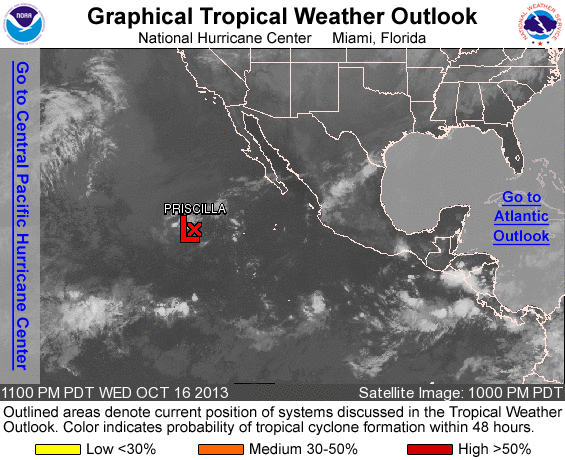
FOR THE EASTERN NORTH PACIFIC...EAST OF 140 DEGREES WEST LONGITUDE..

THE NATIONAL HURRICANE CENTER HAS ISSUED THE LAST ADVISORY ON TROPICAL DEPRESSION PRISCILLA...LOCATED WELL WEST-SOUTHWEST OF THE SOUTHERN TIP OF THE BAJA CALIFORNIA PENINSULA.

TROPICAL CYCLONE FORMATION IS NOT EXPECTED DURING THE NEXT 48 HOURS.

OTHER SYSTEMS WITH FORMATION POTENTIAL BEYOND 48 HOURS...

A TROPICAL WAVE LOCATED OVER THE FAR EASTERN PACIFIC NEAR CENTRAL AMERICA IS PRODUCING DISORGANIZED SHOWERS AND THUNDERSTORMS. ALTHOUGH UPPER-LEVEL WINDS ARE CURRENTLY NOT FAVORABLE...THEY ARE EXPECTED TO BECOME MORE CONDUCIVE FOR SOME DEVELOPMENT BY LATE WEEKEND OR EARLY NEXT WEEK. THIS SYSTEM HAS A LOW CHANCE...NEAR 0 PERCENT...OF BECOMING A TROPICAL CYCLONE DURING THE NEXT 48 HOURS...AND A MEDIUM CHANCE...30 PERCENT...OF BECOMING A TROPICAL CYCLONE DURING THE NEXT 5 DAYS WHILE IT MOVES SLOWLY WESTWARD.

&&
FIVE-DAY FORMATION PROBABILITIES ARE EXPERIMENTAL IN 2013. COMMENTS ON THE EXPERIMENTAL FORECASTS CAN BE PROVIDED AT...

HTTP://WWW.NWS.NOAA.GOV/SURVEY/NWS-SURVEY.PHP?CODE=ETWO

FORECASTER STEWART